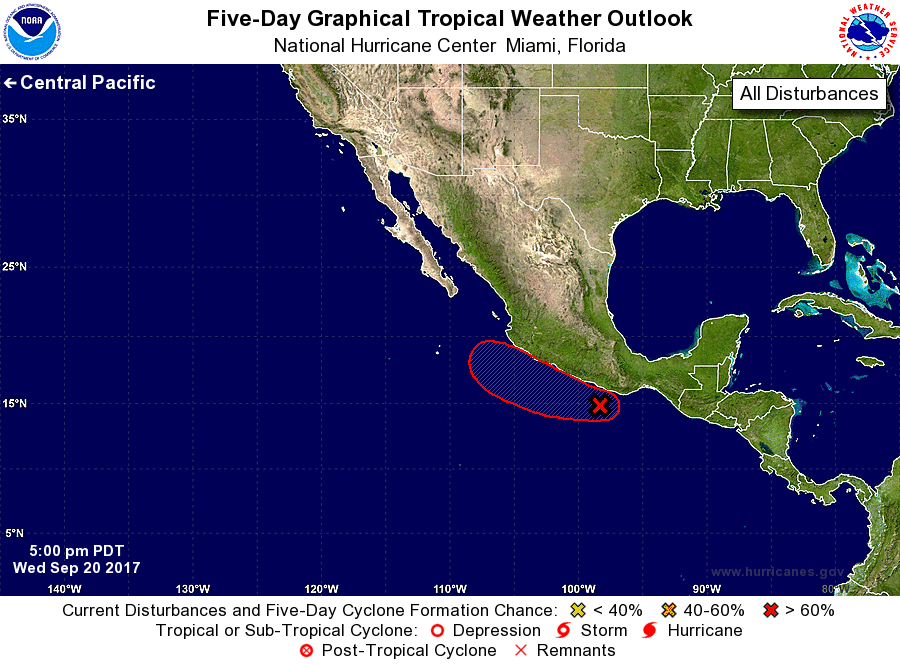
For the eastern North Pacific...east of 140 degrees west longitude:

1. A broad area of low pressure located a couple of hundred miles east-southeast of Acapulco near the coast of Mexico continues to produce disorganized showers and thunderstorms. Environmental conditions are expected to be conducive for gradual development and a tropical depression is likely to form when the system moves farther offshore in two to three days. Regardless of tropical cyclone formation, heavy rains are expected over portions of southern Mexico during the next several days.
* Formation chance through 48 hours...medium...50 percent.
* Formation chance through 5 days...high...80 percent.

Forecaster Brown